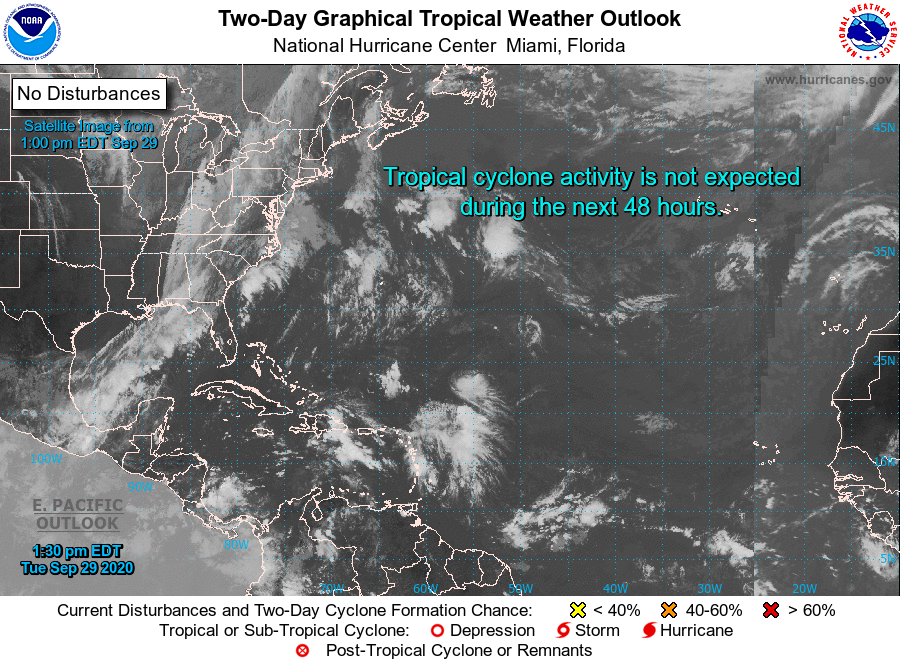
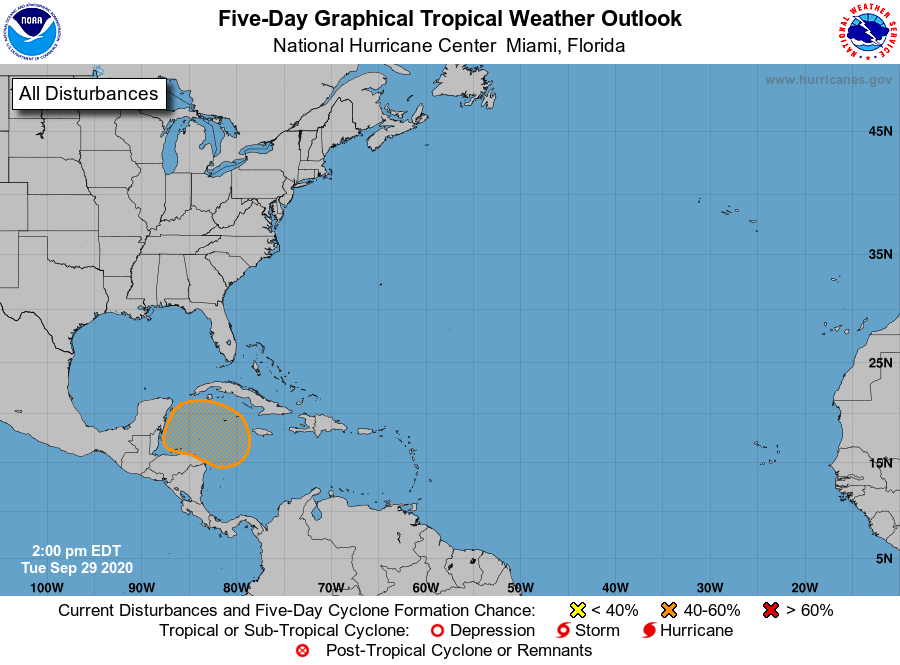
For the North Atlantic...Caribbean Sea and the Gulf of Mexico:

1. A broad area of low pressure is expected to form over the western Caribbean Sea in a couple of days. Environmental conditions are forecast to be conducive for some development thereafter, and a tropical depression could form late this week or this weekend while the system moves slowly west-northwestward over the northwestern Caribbean Sea.
* Formation chance through 48 hours...low...near 0 percent.
* Formation chance through 5 days...medium...50 percent.

Forecaster Pasch